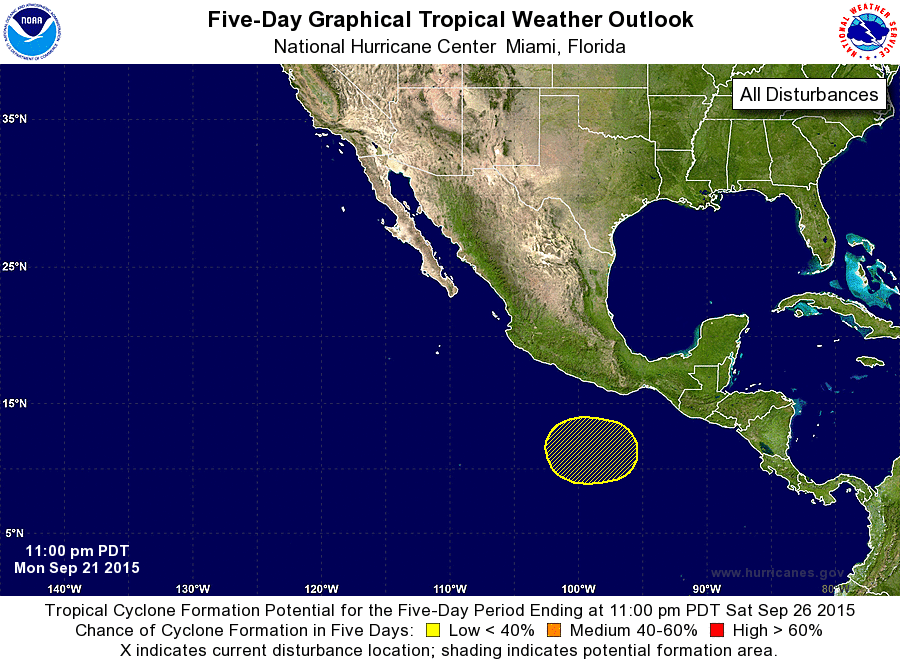
For the eastern North Pacific...east of 140 degrees west longitude:

1. An area of low pressure could form several hundred miles south of the southern coast of Mexico by late this week. Some slow development is possible thereafter while the system moves little.
* Formation chance through 48 hours...low...near 0 percent
* Formation chance through 5 days...low...20 percent

Forecaster Stewart